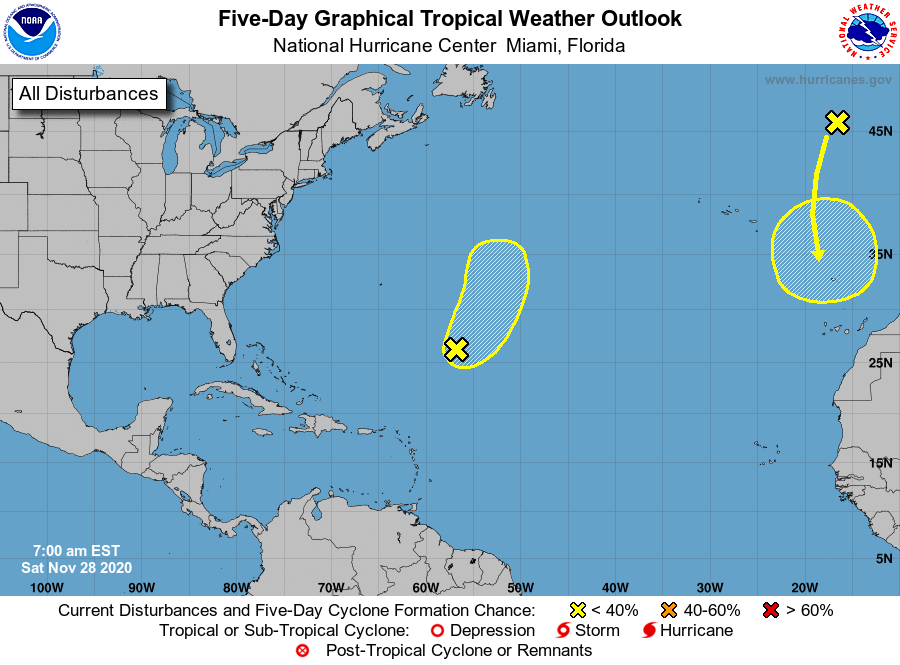
For the North Atlantic...Caribbean Sea and the Gulf of Mexico:

1. A non-tropical low pressure system located about 650 miles southeast of Bermuda is producing a few disorganized showers and thunderstorms to the north and east of the center. Environmental conditions are expected to be only marginally conducive for development during the next day or so as the low moves northeastward before it is absorbed by an approaching frontal system over the north-central Atlantic.
* Formation chance through 48 hours...low...30 percent.
* Formation chance through 5 days...low...30 percent.

2. A non-tropical low pressure system over the far eastern Atlantic is expected to move southward about midway between Portugal and the Azores over the weekend. Environmental conditions are forecast to be marginally conducive for the low to acquire subtropical characteristics early next week while it meanders just to the north of the Canary Islands. Additional information on this system can be found in high seas forecasts issued by Meteo France.
* Formation chance through 48 hours...low...10 percent.
* Formation chance through 5 days...low...30 percent.

High seas forecasts issued by Meteo France can be found under WMO header FQNT50 LFPW.

Forecaster Reinhart/Latto